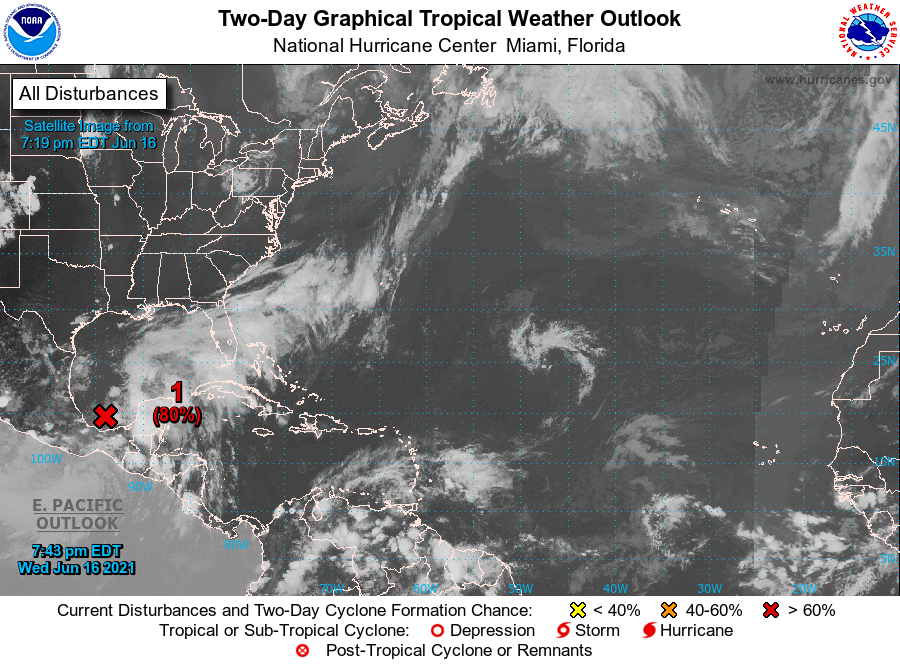
For the North Atlantic...Caribbean Sea and the Gulf of Mexico:

1. Shower activity associated with the broad low pressure area over the Bay of Campeche and the adjacent land areas has become a little better organized since yesterday. This system will move little tonight, and little if any development is expected during that time due to interaction with land. However, the low should begin to move northward on Thursday, and a tropical depression is likely to form by late Thursday or on Friday when the low moves across the western Gulf of Mexico. An Air Force Reserve Unit reconnaissance aircraft is scheduled to investigate the area on Thursday, if necessary. Regardless of development, heavy rainfall will continue over portions of Central America and southern Mexico during the next few days. Heavy rains should also begin to affect portions of the northern Gulf Coast on Friday. Please consult products from your local meteorological service for more information.
* Formation chance through 48 hours...high...80 percent.
* Formation chance through 5 days...high...90 percent.

Forecaster Beven